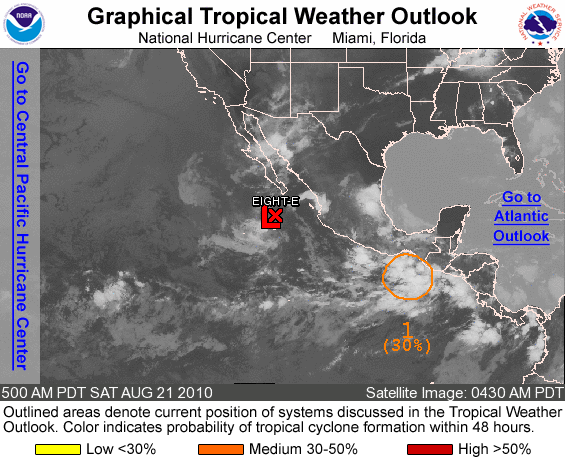
FOR THE EASTERN NORTH PACIFIC...EAST OF 140 DEGREES WEST LONGITUDE..

THE NATIONAL HURRICANE CENTER IS ISSUING ADVISORIES ON TROPICAL DEPRESSION EIGHT-E...LOCATED ABOUT 180 MILES SOUTH-SOUTHWEST OF THE SOUTHERN TIP OF BAJA CALIFORNIA.

1. SHOWERS AND THUNDERSTORMS HAVE BECOME A LITTLE BETTER ORGANIZED IN ASSOCIATION WITH AN AREA OF LOW PRESSURE LOCATED ABOUT 150 MILES SOUTH-SOUTHEAST OF THE GULF OF TEHUANTEPEC. ENVIRONMENTAL CONDITIONS APPEAR FAVORABLE FOR GRADUAL DEVELOPMENT OF THIS SYSTEM AS IT BEGINS TO MOVE SLOWLY WESTWARD OVER THE NEXT COUPLE OF DAYS. THERE IS A MEDIUM CHANCE...30 PERCENT...OF THIS SYSTEM BECOMING A TROPICAL CYCLONE DURING THE NEXT 48 HOURS.

ELSEWHERE...TROPICAL CYCLONE FORMATION IS NOT EXPECTED DURING THE NEXT 48 HOURS.

PUBLIC ADVISORIES ON TROPICAL DEPRESSION EIGHT-E ARE ISSUED UNDER WMO HEADER WTPZ33 KNHC AND UNDER AWIPS HEADER MIATCPEP3. FORECAST/ADVISORIES ARE ISSUED UNDER WMO HEADER WTPZ23 KNHC AND UNDER AWIPS HEADER MIATCMEP3.

FORECASTER BRENNAN